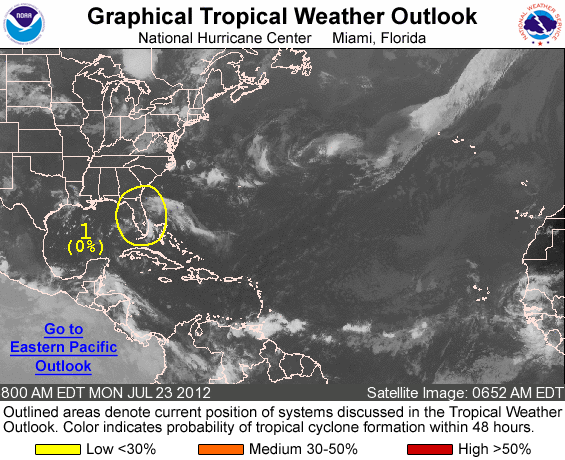
FOR THE NORTH ATLANTIC...CARIBBEAN SEA AND THE GULF OF MEXICO...

1. CLOUDINESS AND SHOWERS ASSOCIATED WITH A WEAK LOW PRESSURE TROUGH OVER THE FLORIDA PENINSULA HAVE CONTINUED TO DIMINISH. CONDITIONS ARE NOT CONDUCIVE FOR SIGNIFICANT DEVELOPMENT...AND THIS SYSTEM HAS A LOW CHANCE...NEAR 0 PERCENT...OF BECOMING A TROPICAL CYCLONE DURING THE NEXT 48 HOURS AS IT MOVES NORTHWARD AT 10 TO 15 MPH.

ELSEWHERE...TROPICAL CYCLONE FORMATION IS NOT EXPECTED DURING THE NEXT 48 HOURS.

FORECASTER STEWART